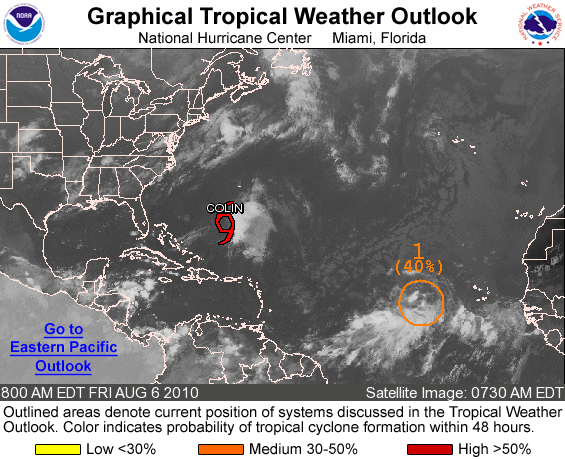
FOR THE NORTH ATLANTIC...CARIBBEAN SEA AND THE GULF OF MEXICO...

THE NATIONAL HURRICANE CENTER IS ISSUING ADVISORIES ON TROPICAL STORM COLIN...LOCATED ABOUT 400 MILES SOUTH-SOUTHWEST OF BERMUDA.

1. SHOWERS AND THUNDERSTORMS ASSOCIATED WITH AN AREA OF LOW PRESSURE LOCATED ABOUT 650 MILES WEST OF THE CAPE VERDE ISLANDS HAVE BECOME A LITTLE BETTER ORGANIZED THIS MORNING. ENVIRONMENTAL CONDITIONS ARE GENERALLY FAVORABLE FOR ADDITIONAL DEVELOPMENT DURING THE NEXT COUPLE OF DAYS AS THIS SYSTEM MOVES NORTHWESTWARD AT AROUND 10 MPH. THERE IS A MEDIUM CHANCE...40 PERCENT...OF THIS SYSTEM BECOMING A TROPICAL CYCLONE DURING THE NEXT 48 HOURS.

ELSEWHERE...TROPICAL CYCLONE FORMATION IS NOT EXPECTED DURING THE NEXT 48 HOURS.

PUBLIC ADVISORIES ON TROPICAL STORM COLIN ARE ISSUED UNDER WMO HEADER WTNT34 KNHC AND UNDER AWIPS HEADER MIATCPAT4. FORECAST/ADVISORIES ON COLIN ARE ISSUED UNDER WMO HEADER WTNT24 KNHC AND UNDER AWIPS HEADER MIATCMAT4.

FORECASTER BLAKE